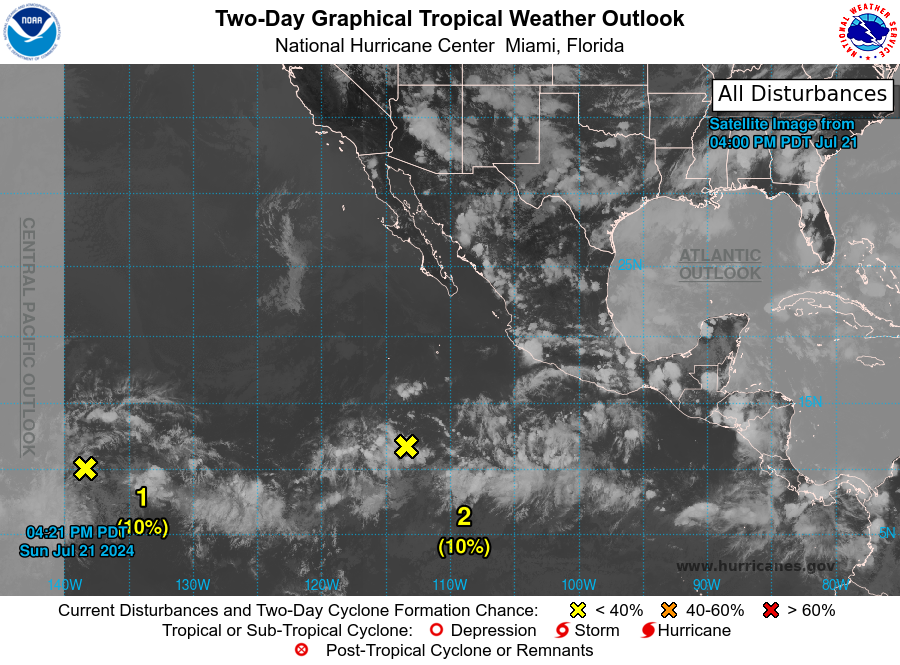
For the eastern North Pacific...east of 140 degrees west longitude:

1. Western East Pacific: A large area of disorganized showers and thunderstorms located over the far western portion of the eastern Pacific is associated with a trough of low pressure. Environmental conditions are forecast to be marginally conducive for some slow development during the next day or so. The disturbance is forecast to move westward at 10 to 15 mph and into the central Pacific basin tonight, and by midweek, strong upper-level winds are expected to inhibit further development.
* Formation chance through 48 hours...low...10 percent.
* Formation chance through 7 days...low...10 percent.

2. Central and Western East Pacific: A tropical wave located about 900 miles south-southwest of the southern tip of the Baja California Peninsula is producing disorganized shower and thunderstorm activity. Environmental conditions could become a little more conducive for some gradual development of this system over the next several days while it moves westward to west-northwestward at 10 to 15 mph across the central and western portions of the basin.
* Formation chance through 48 hours...low... 10 percent.
* Formation chance through 7 days...low...30 percent.

Forecaster Pasch